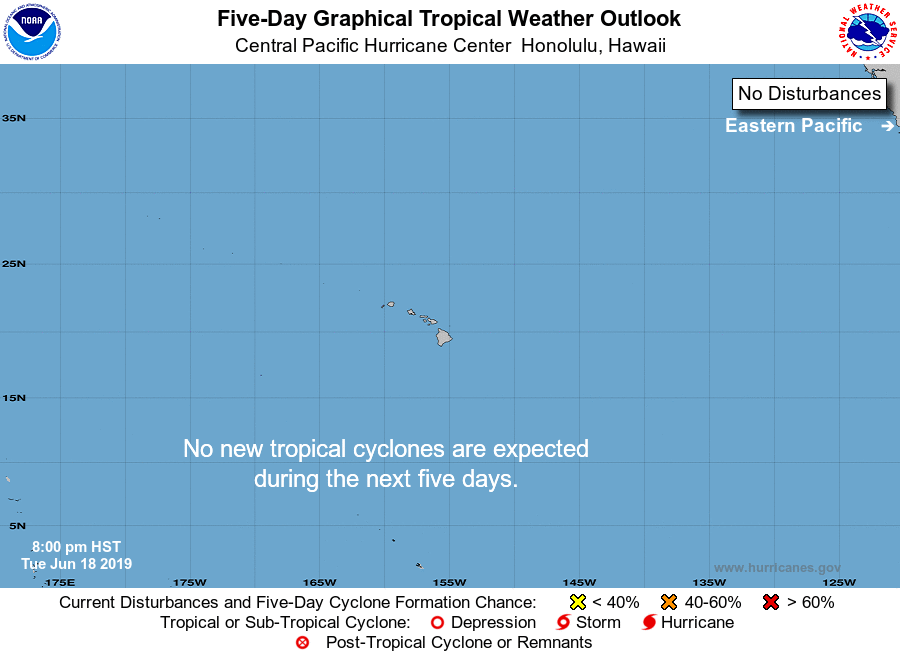
For the central North Pacific...between 140W and 180W:

No tropical cyclones are expected during the next 5 days.

Forecaster TS